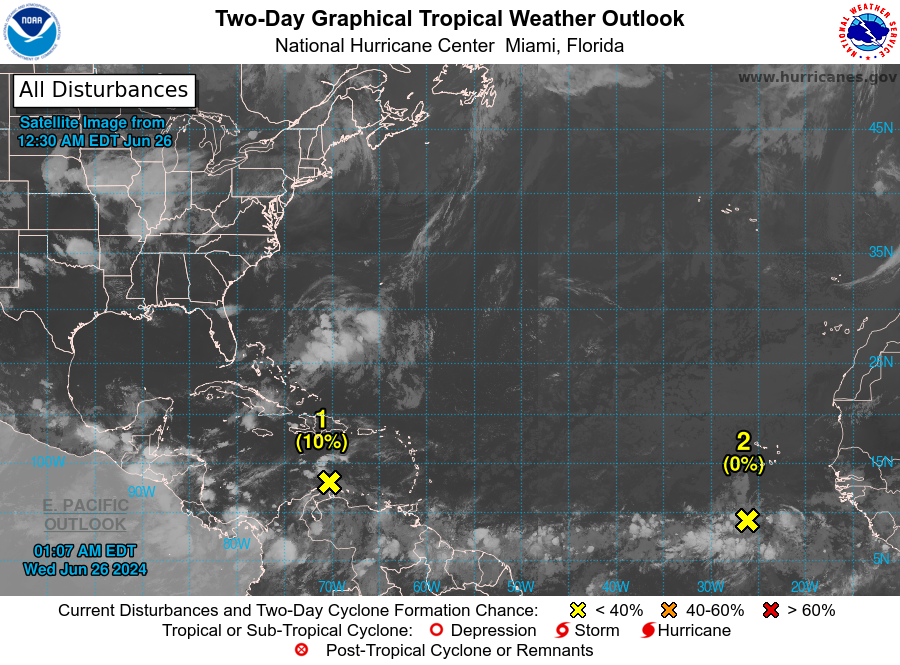
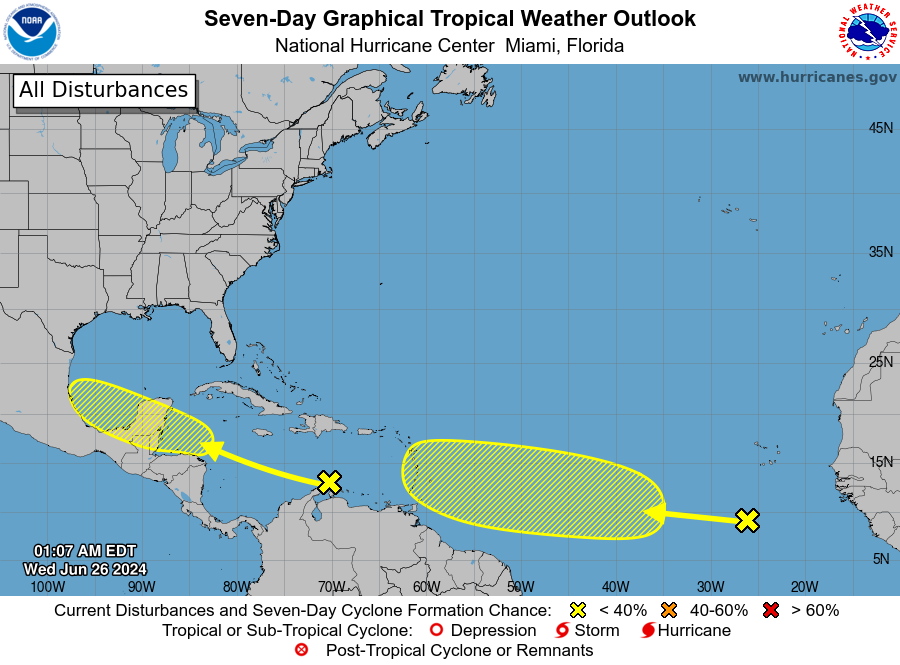
For the North Atlantic...Caribbean Sea and the Gulf of Mexico:

1. Western Caribbean/Southwestern Gulf of Mexico (AL94): A tropical wave moving into the central Caribbean Sea is producing limited shower activity as it moves quickly westward at around 25 mph. Environmental conditions could become more conducive for some gradual development late this week over the western Caribbean Sea or over the southwestern Gulf of Mexico during the weekend.
* Formation chance through 48 hours...low...10 percent.
* Formation chance through 7 days...low...20 percent.

2. Eastern Tropical Atlantic: A tropical wave centered a few hundred miles south-southwest of the Cabo Verde Islands is producing disorganized showers and thunderstorms. Some slow development of this system is possible late this week into early next week while it moves generally westward across the central and western tropical Atlantic at 15 to 20 mph.
* Formation chance through 48 hours...low...near 0 percent.
* Formation chance through 7 days...low...30 percent.

Forecaster Blake